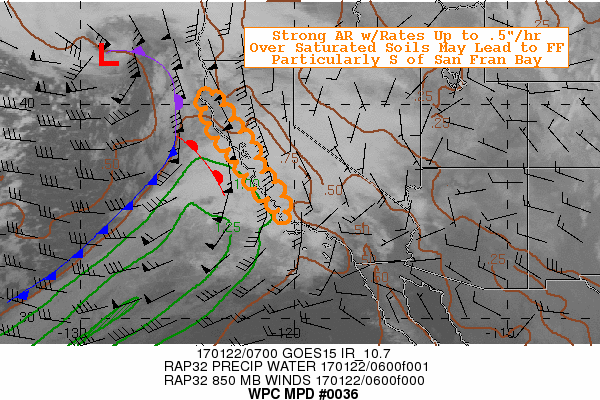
AREAS AFFECTED...COASTAL CALIFORNIA

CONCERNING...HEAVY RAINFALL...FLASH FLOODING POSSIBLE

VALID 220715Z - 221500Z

SUMMARY...SHORT BUT INTENSE CONVECTIVE SHOWERS TO AFFECT THE
NORTHERN CALIFORNIA COAST IN THE NEXT FEW HOURS...MORE PROLONGED
SWLY ONSHORE MST FLUX FROM SANTA CRUZ MTNS SOUTH TO POINT
CONCEPTION WITH INCREASED FF THREAT THERE THROUGH 15Z.

DISCUSSION...WV/IR LOOP DENOTES RAPIDLY DEEPENING LOW LIFTING
NORTHEAST TOWARD THE CENTRAL OR COAST...WITH A DRAPED COLD
EXTENDING SOUTHWARD.  THE UPPER LEVEL SUBTROPICAL JET SHIELD
OBSCURES THE AREA SW FROM SONOMA COUNTY SOUTH AND SOUTHWEST OUT TO
SEA..WITH A DEEP MOISTURE PLUME DIRECTLY UNDERNEATH WITH LEADING
ISENTROPIC MID-LEVEL SHOWERS WITH TPWS UP TO 1.0" CURRENTLY WITH
1.25" RAPIDLY APPROACHING WITH WARM FRONT THAT REACHES SAN
FRANCISCO BAY AND SOUTHWARD AROUND 10Z-11Z.  HEIGHT FALLS AND
STRONG UNDERCUTTING CAA (SEEN SOUTH OF 40N...WEST OF 130W) WILL
STEER THIS AXIS SOUTH ALONG THE COAST WITH TIME WITH 50-60KTS OF
SSWLY FLOW VEERING TO SWLY WITH THE WARM FRONT ALLOWING FOR DEEPER
ISENTROPIC ASCENT WITH INCREASE ORTHOGONAL FLOW TO THE COASTAL
TERRAIN FROM MARIN AROUND 10Z TO SANTA CRUZ AROUND 10Z TO N SANTA
LUCIA AROUND 11/12Z. DEEPER ISENTROPIC ASCENT AND CORE OF MOISTURE
AXIS...RATES UP TO .5"/HR ARE EXPECTED ACROSS THE SANTA CRUZ AND
SANTA LUCIA RANGES FROM 12-14Z...LEADING TO  2-4" POSSIBLE THROUGH
15Z.  GIVEN THE SOILS ARE EXTREMELY SATURATED (MORE THAN 8" OVER
NORMAL OVER THE LAST 2 WEEKS) ALONG THE LENGTH OF THE
COAST...THERE IS A GREATER THREAT FOR FLASH FLOODING CONDITIONS.

FURTHER NORTH...BHX RADAR ALREADY DETECTING DEEPER CONVECTIVE
CORES WHERE THE SUBTROPICAL JET HAS ALREADY DROPPED SOUTH
INCREASING DIFFLUENCE AND STEEPENING MID-LEVEL LAPSE RATES.
HI-RES CAMS ARE FAIRLY AGREEABLE IN PLACEMENT/TIMING WITH SHORT
BURST RATES OF .5"/HR EXPECTED FROM NW CA TOWARD THE NORTH BAY
COUNTIES.  WITH FAST MOVING FRONT THAT IS MORE PARALLEL TO THE
COAST THE DURATION SHOULD BE SHORTER AND POTENTIALLY LIMIT
FLOODING CONCERNS TO MOST PRONE AREAS NORTH OF SONOMA COUNTY.

MAIN UNCERTAINTY AT THIS TIME IS LOCATION OF SWITCH FROM FRONTAL
ZONE BEING MORE N-S TO SW-NE NEAR THE TRIPLE POINT...USING
IR/SWIR/AMSU 89GHZ TRENDS THIS APPEARS TO BE VERY NEAR
SONOMA/MENDOCINO COUNTY LINE SO SOUTH OF THIS AREA...THREATS ARE
HIGHER BUT ALSO LESS CERTAIN THAN SOUTH OF THE BAY.  STILL THERE
IS A GOOD LIKELIHOOD FOR TOTALS IN EXCESS OF 1.5" FOR NORTH BAY
COUNTIES INCLUDING THE NAPA/PETALUMA VALLEYS.